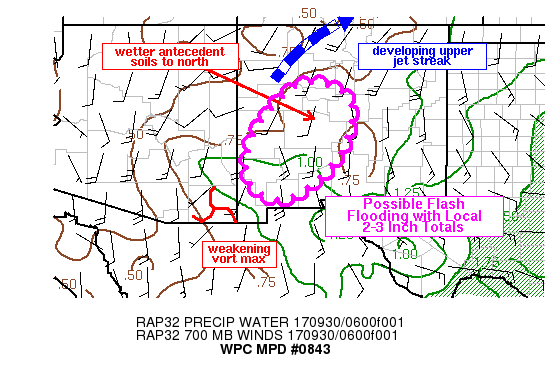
AREAS AFFECTED...SWRN TO CNTRL NM

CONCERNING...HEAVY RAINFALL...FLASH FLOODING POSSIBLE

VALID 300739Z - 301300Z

SUMMARY...A FLASH FLOOD THREAT WILL LINGER THROUGH THE REMAINDER
OF THE MORNING FROM SWRN TO CNTRL NEW MEXICO. RAINFALL RATES OF
1-1.5 IN/HR WITH PERIODS OF TRAINING ARE EXPECTED TO LEAD TO
LOCALIZED 2-3 INCH RAINFALL TOTALS THROUGH 13Z.

DISCUSSION...WATER VAPOR IMAGERY THROUGH 07Z SHOWED A WEAKENING
VORTICITY MAX OVER SERN ARIZONA APPROACHING NEW MEXICO. LOCAL
RADAR AND NON-OPERATIONAL GOES 16 INFRARED SATELLITE IMAGERY
SHOWED THE RECENT DEVELOPMENT OF THUNDERSTORMS OVER GRANT AND SRN
CATRON COUNTIES OUT AHEAD OF THE WEAKENING VORTICITY MAX AND
WITHIN AN ENVIRONMENT OF 500-1000 J/KG MUCAPE PER THE LATEST SPC
MESOANALYSIS. THESE CELLS HAD A GENERAL MOVEMENT TOWARD THE
NORTHEAST BUT SOME REPEATING CELLS FROM THE SOUTHWEST HAVE LED TO
RADAR ESTIMATED RAINFALL RATES APPROACHING 2 IN/HR IN CNTRL GRANT
COUNTY. DESPITE SOME POSSIBLE HAIL CONTAMINATION OF THESE
RATES...LOCALLY HEAVY RAINFALL WAS OCCURRING NEAR SILVER CITY AS
OF 07Z. TRENDS IN PRECIPITABLE WATER VALUES PER GPS SITE DATA WERE
UP NEAR THE SRN ARIZONA/NEW MEXICO BORDER WITH A 0.2 TO 0.3 INCH
RISE SINCE 00Z...WITH VALUES RANGING FROM 0.75 TO 1.25 INCHES
BETWEEN EL PASO AND THE GALLINA MOUNTAINS.

LOCALLY ENHANCED 700 MB FLOW OF 20-30 KT ALONG WITH LOW LEVEL
CONVERGENCE...PER RECENT RAP ANALYSIS FIELDS...SHOULD HELP TO
CONTINUE THE DEVELOPMENT OF NOCTURNAL CONVECTION OVER SWRN NEW
MEXICO OVER THE NEXT SEVERAL HOURS HOURS. THE RAP HAS ALSO HAD
GOOD RUN TO RUN CONSISTENCY WITH THE DEVELOPMENT OF AN 80 KT UPPER
LEVEL JET STREAK DEVELOPING FROM NRN NEW MEXICO INTO ERN COLORADO
BETWEEN 09Z-12Z...PLACING CNTRL NEW MEXICO IN A REGION OF
INCREASING UPPER LEVEL DIVERGENCE AND DIFFLUENCE. DESPITE WEAK
CAPE VALUES WHICH SHOULD CONTINUE TO GRADUALLY DIMINISH OVER THE
NEXT FEW HOURS...SUFFICIENT INSTABILITY AND INCREASING DYNAMIC
LIFT ARE EXPECTED TO PROLONG AN ENHANCED RISK FOR FLASH FLOOD
PRODUCING CONVECTION FROM SWRN TO CNTRL NEW MEXICO THROUGH THE
REMAINDER OF THE MORNING. ANOTHER CONTRIBUTING FACTOR FOR FLASH
FLOODING OVER CNTRL NEW MEXICO IS WET SOILS FROM RAINFALL OVER THE
PAST 24 HOURS...MAKING THE REGION MORE SUSCEPTIBLE TO RUNOFF.